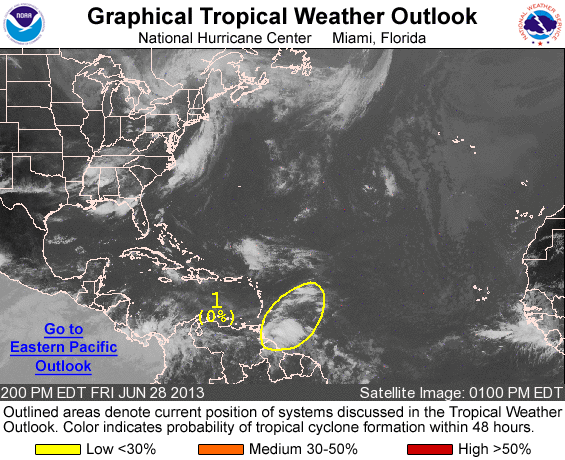
FOR THE NORTH ATLANTIC...CARIBBEAN SEA AND THE GULF OF MEXICO...

1. SHOWERS AND THUNDERSTORMS HAVE INCREASED THIS MORNING IN ASSOCIATION WITH A TROPICAL WAVE A FEW HUNDRED MILES EAST OF THE LESSER ANTILLES. UPPER-LEVEL WINDS ARE NOT FAVORABLE FOR DEVELOPMENT... AND THIS SYSTEM HAS A LOW CHANCE...NEAR 0 PERCENT...OF BECOMING A TROPICAL CYCLONE DURING THE NEXT 48 HOURS AS IT MOVES WEST- NORTHWESTWARD AT 20 TO 25 MPH. REGARDLESS OF DEVELOPMENT...GUSTY WINDS AND LOCALLY HEAVY RAINS ARE EXPECTED TO SPREAD ACROSS THE LESSER ANTILLES AND NORTHEASTERN VENEZUELA LATER TODAY AND TONIGHT.

ELSEWHERE...TROPICAL CYCLONE FORMATION IS NOT EXPECTED DURING THE NEXT 48 HOURS.

FORECASTER BEVEN